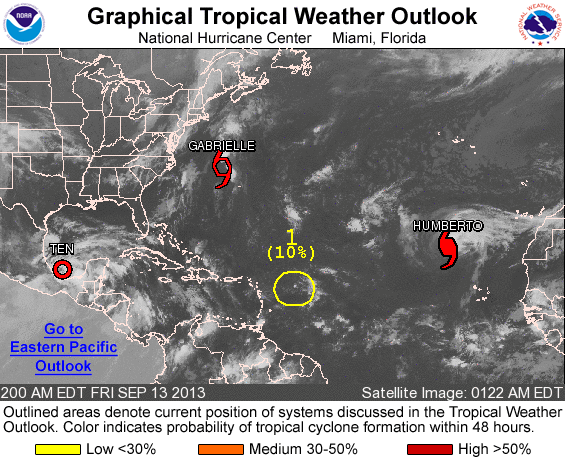
FOR THE NORTH ATLANTIC...CARIBBEAN SEA AND THE GULF OF MEXICO...

THE NATIONAL HURRICANE CENTER IS ISSUING ADVISORIES ON HURRICANE HUMBERTO...LOCATED SEVERAL HUNDRED MILES NORTHWEST OF THE CAPE VERDE ISLANDS...TROPICAL STORM GABRIELLE...LOCATED A FEW HUNDRED MILES NORTHWEST OF BERMUDA...AND ON TROPICAL DEPRESSION TEN... LOCATED OVER THE SOUTHWESTERN GULF OF MEXICO.

1. AN AREA OF LOW PRESSURE LOCATED ABOUT 400 MILES EAST OF THE LEEWARD ISLANDS IS PRODUCING LIMITED SHOWER AND THUNDERSTORM ACTIVITY. WHILE SURFACE PRESSURES ARE LOW IN THIS AREA...SIGNIFICANT DEVELOPMENT OF THIS SYSTEM IS UNLIKELY DUE TO UNFAVORABLE UPPER-LEVEL WINDS. THIS SYSTEM HAS A LOW CHANCE...10 PERCENT...OF BECOMING A TROPICAL CYCLONE DURING THE NEXT 48 HOURS...AND A LOW CHANCE...20 PERCENT...OF BECOMING A TROPICAL CYCLONE DURING THE NEXT 5 DAYS WHILE IT MOVES TOWARD THE WEST-NORTHWEST AT ABOUT 10 MPH.

PUBLIC ADVISORIES ON TROPICAL DEPRESSION TEN ARE ISSUED UNDER WMO HEADER WTNT35 KNHC AND UNDER AWIPS HEADER MIATCPAT5. FORECAST/ADVISORIES ON TROPICAL DEPRESSION TEN ARE ISSUED UNDER WMO HEADER WTNT25 KNHC AND UNDER AWIPS HEADER MIATCMAT5.

FIVE-DAY FORMATION PROBABILITIES ARE EXPERIMENTAL IN 2013. COMMENTS ON THE EXPERIMENTAL FORECASTS CAN BE PROVIDED AT...

HTTP://WWW.NWS.NOAA.GOV/SURVEY/NWS-SURVEY.PHP?CODE=ETWO

FORECASTER CANGIALOSI